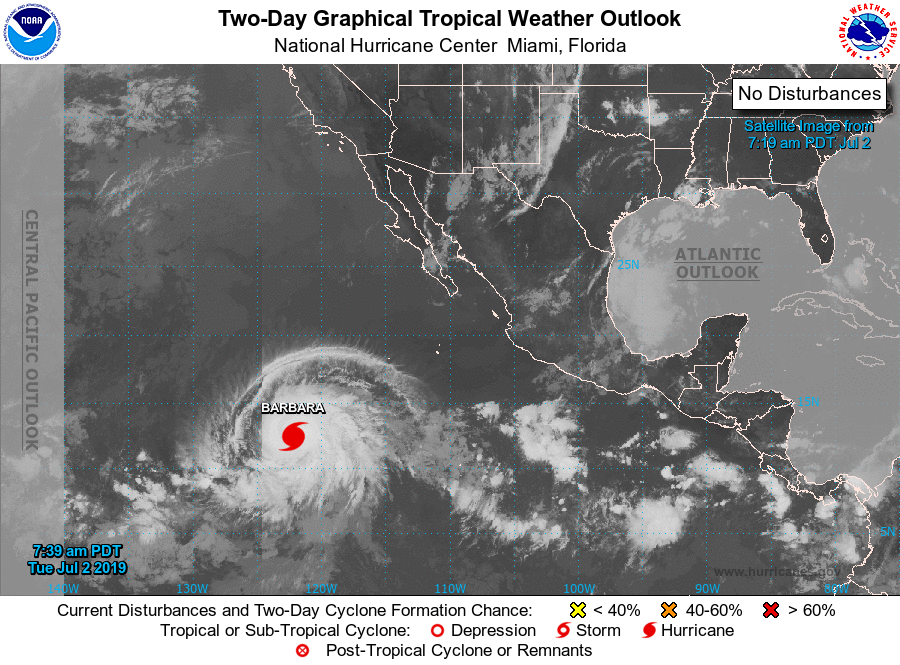
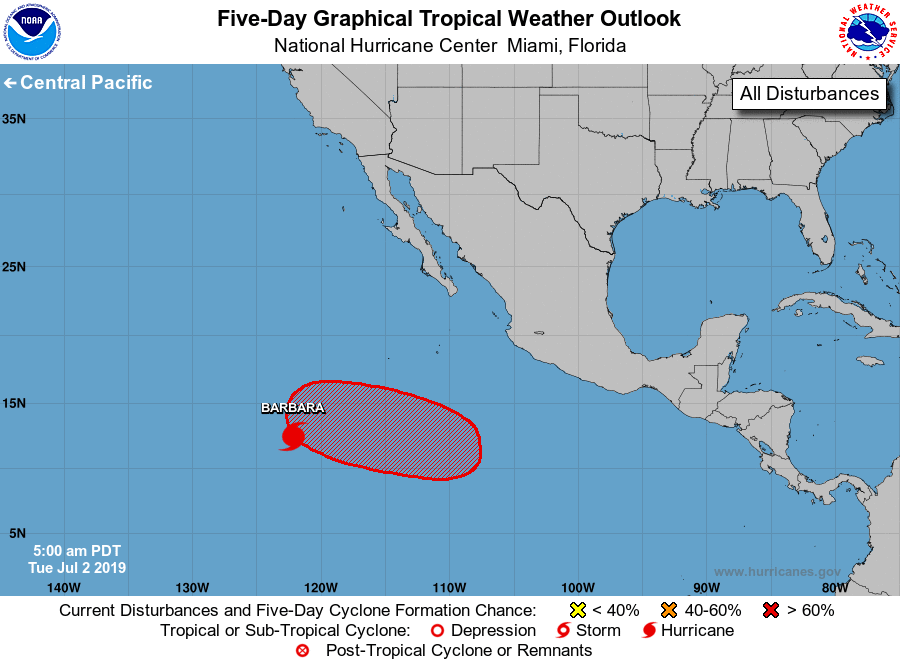
For the eastern North Pacific...east of 140 degrees west longitude:

The National Hurricane Center is issuing advisories on Hurricane Barbara, located more than 1000 miles southwest of the southern tip of the Baja California peninsula.

1. An area of low pressure is forecast to develop later this week several hundred miles southwest of the southern coast of Mexico. Environmental conditions are expected to be favorable for this system to become a tropical depression over the weekend while it moves westward to west-northwestward at about 15 mph.
* Formation chance through 48 hours...low...near 0 percent.
* Formation chance through 5 days...high...70 percent.

Forecaster Latto/Avila